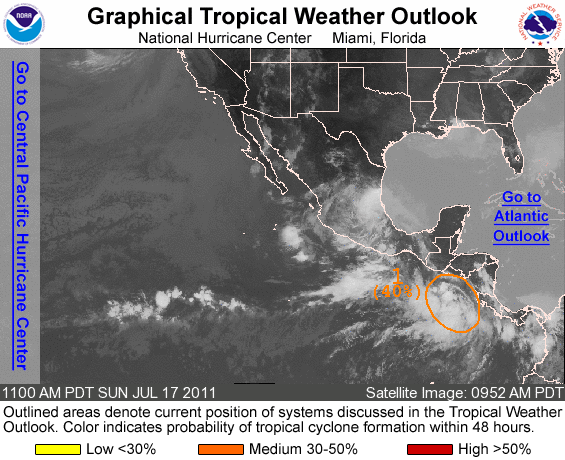
FOR THE EASTERN NORTH PACIFIC...EAST OF 140 DEGREES WEST LONGITUDE..

1. A VIGOROUS LOW PRESSURE SYSTEM LOCATED ABOUT 225 MILES SOUTH OF EL SALVADOR IS PRODUCING WIDESPREAD CLOUDINESS AND SCATTERED THUNDERSTORMS. ENVIRONMENTAL CONDITIONS ARE CONDUCIVE FOR FURTHER DEVELOPMENT OF THIS LARGE DISTURBANCE AS IT MOVES WEST-NORTHWESTWARD AT 5 TO 10 MPH. THIS SYSTEM HAS A MEDIUM CHANCE...40 PERCENT...OF BECOMING A TROPICAL CYCLONE DURING THE NEXT 48 HOURS.

ELSEWHERE...TROPICAL CYCLONE FORMATION IS NOT EXPECTED DURING THE NEXT 48 HOURS.

FORECASTER STEWART